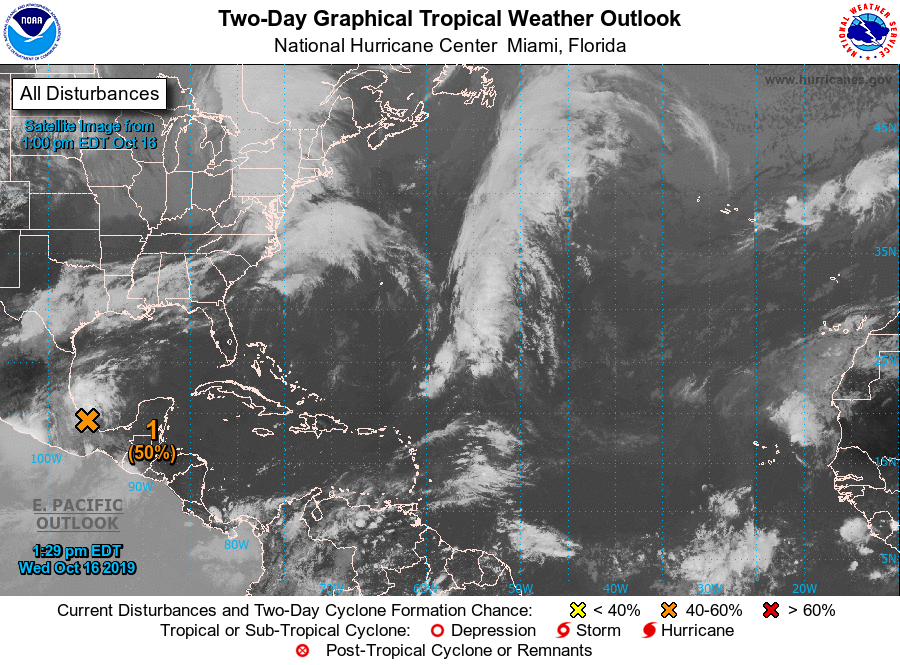
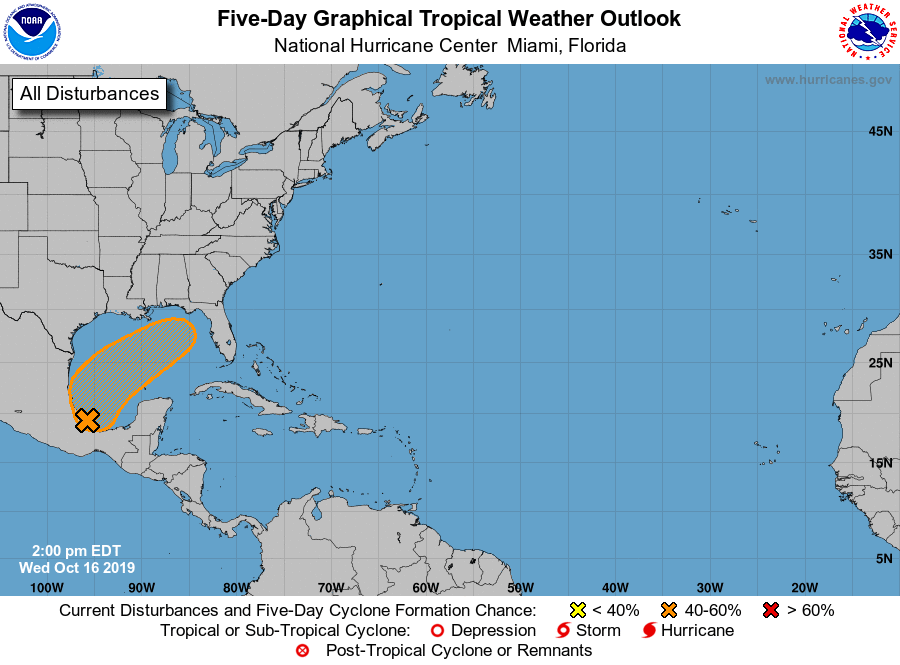
For the North Atlantic...Caribbean Sea and the Gulf of Mexico:

1. A broad area of low pressure located just offshore of the coast of southern Mexico, in the Bay of Campeche, is producing disorganized showers and thunderstorms. Gradual development is possible, and a tropical or subtropical cyclone could form late this week over the western or central Gulf of Mexico while the system is moving generally northeastward. Regardless of development, this system could produce gusty winds, rainfall, and rough surf along portions of the northern Gulf Coast Friday and Saturday. An Air Force Reserve reconnaissance aircraft is scheduled to investigate the system Thursday afternoon, if necessary.
* Formation chance through 48 hours...medium...50 percent.
* Formation chance through 5 days...medium...50 percent.

Forecaster Roberts